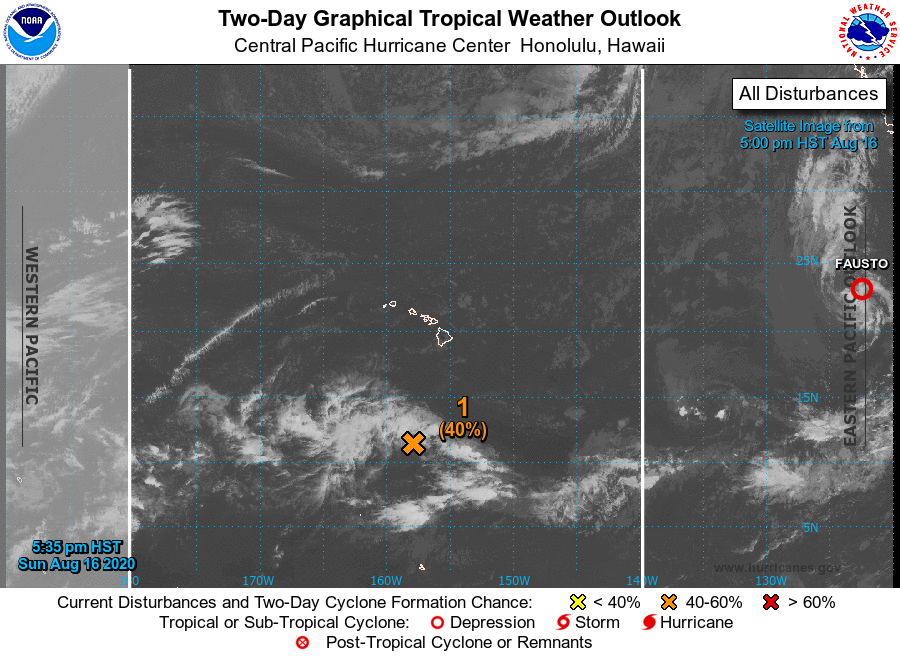
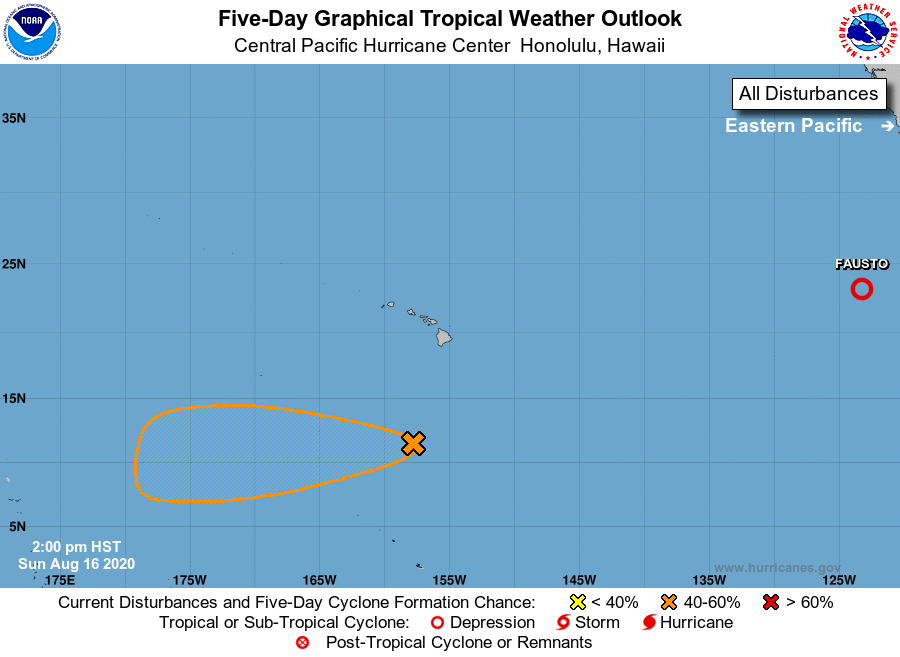
For the central North Pacific...between 140W and 180W:

1. A nearly stationary area of low pressure about 700 miles south of Honolulu, Hawaii is producing disorganized showers and thunderstorms, and lacks significant organization. Environmental conditions are expected to be marginally conducive for gradual development over the next couple of days as the system moves toward the west near 10 mph.
* Formation chance through 48 hours...medium...40 percent.
* Formation chance through 5 days...medium...60 percent.

Elsewhere, no tropical cyclones are expected during the next 5 days.

Forecaster Birchard